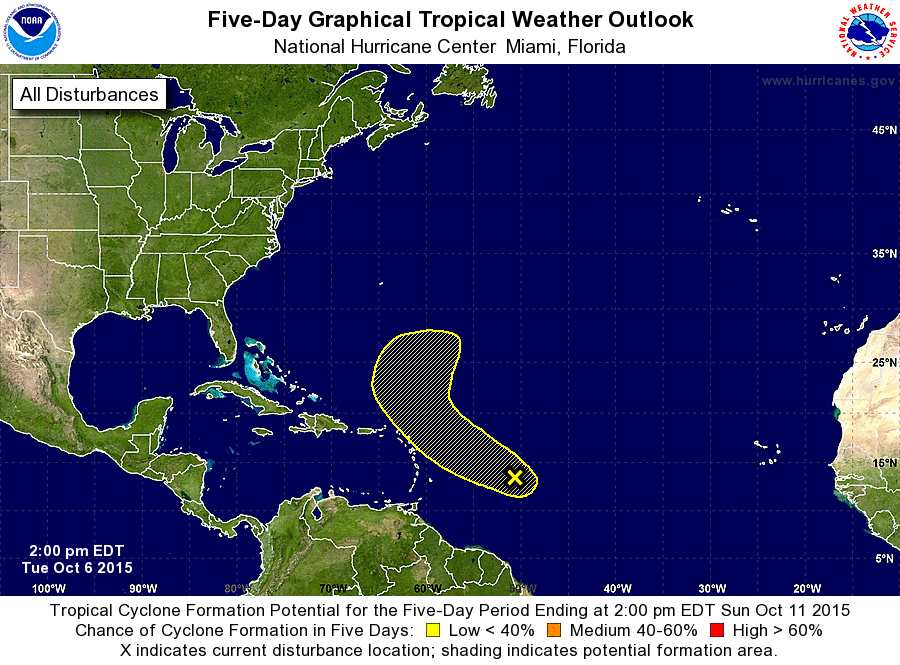
For the North Atlantic...Caribbean Sea and the Gulf of Mexico:

The National Hurricane Center is issuing advisories on Hurricane Joaquin, located about 700 miles south-southwest of Cape Race, Newfoundland.

1. A tropical wave located about 700 miles east of the Leeward Islands is producing an elongated area of showers and thunderstorms. Upper-level winds are forecast to remain unfavorable for tropical cyclone formation for the next couple of days, but they could become a little more conducive by the end of the week and over the weekend. However, any development of this disturbance should be slow to occur while it moves west-northwestward to northwestward at 15 to 20 mph over the next several days.
* Formation chance through 48 hours...low...near 0 percent
* Formation chance through 5 days...low...20 percent

Forecaster Stewart